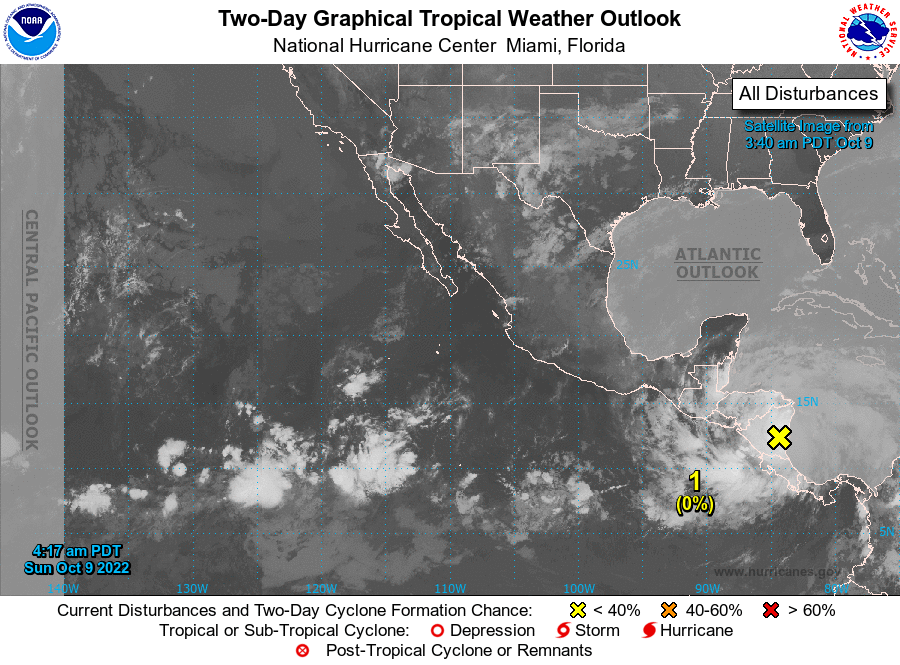
For the eastern North Pacific...east of 140 degrees west longitude:

Active Systems: The National Hurricane Center is issuing advisories on Atlantic basin Hurricane Julia, currently located inland over Nicaragua.

1. Off the coast of Central America and Southern Mexico: Julia is expected to cross Central America today and emerge over the extreme eastern Pacific tonight. The system is forecast to dissipate near the southern coast of Central America in two to three days, and significant re-development of the remaining disturbance is not anticipated as it passes to the south of southern Mexico by the middle of this week. More information on Hurricane Julia can be found on the web at hurricanes.gov.
* Formation chance through 48 hours...low...near 0 percent.
* Formation chance through 5 days...low...10 percent.

Public Advisories on Hurricane Julia are issued under WMO header WTNT33 KNHC and under AWIPS header MIATCPAT3. Forecast/Advisories on Hurricane Julia are issued under WMO header WTNT23 KNHC and under AWIPS header MIATCMAT3.

Forecaster Roberts